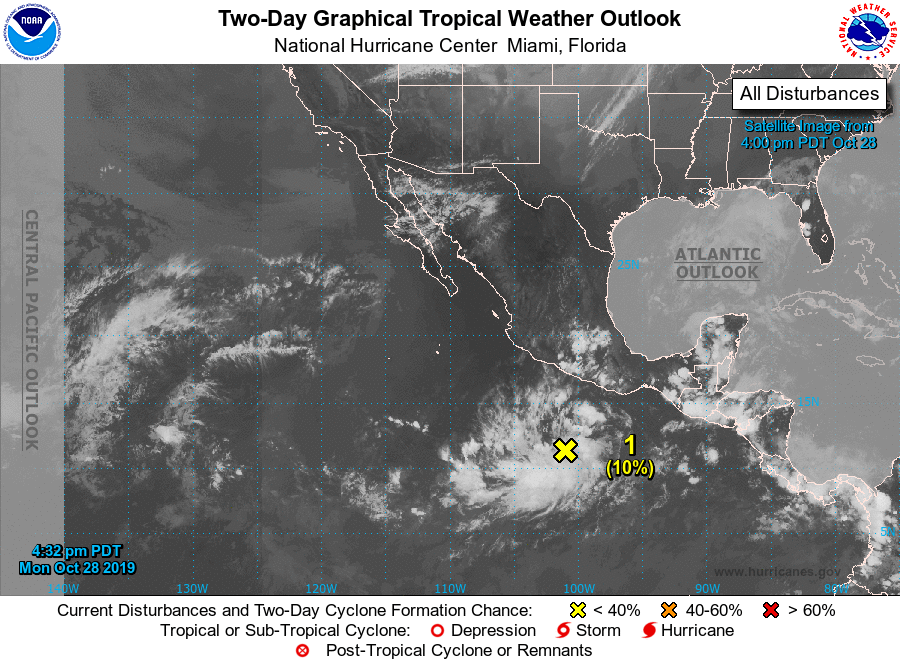
For the eastern North Pacific...east of 140 degrees west longitude:

1. Disorganized showers and thunderstorms located several hundred miles south of the southern coast of Mexico are associated with an elongated area of low pressure. Any development of this system should be slow to occur while it moves slowly westward to west-northwestward during the next several days.
* Formation chance through 48 hours...low...10 percent.
* Formation chance through 5 days...low...20 percent.

Forecaster Brown